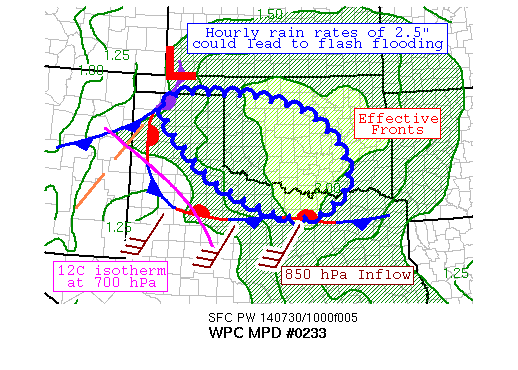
AREAS AFFECTED...PORTIONS OF NORTHERN TX AND OK

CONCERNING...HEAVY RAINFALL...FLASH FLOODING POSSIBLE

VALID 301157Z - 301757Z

SUMMARY...THUNDERSTORMS WITH HIGH RAINFALL RATES ARE POSSIBLE OVER
THE NEXT SEVERAL HOURS JUST POLEWARD OF AN EFFECTIVE FRONTAL ZONE.
 FLASH FLOODING IS CONSIDERED POSSIBLE IN THIS REGION.

DISCUSSION...AN EFFECTIVE FRONT IS LOCATED ACROSS NORTHERN TX THIS
MORNING WHICH IS ACTING AS THE SOUTHERN FRINGE OF SHOWER AND
THUNDERSTORM ACTIVITY THIS MORNING.  PRECIPITABLE WATER VALUES OF
~2" LIE IN THE REGION, WHICH ARE 2-2.5 STANDARD DEVIATIONS ABOVE
NORMAL, OR TOWARDS THE 99TH PERCENTILE FOR LATE JULY.  SLIGHT
CAPPING IS INDICATED NEAR THE EFFECTIVE FRONT BY 700 HPA
TEMPERATURES NEAR THE TX PANHANDLE WARMING TO SLIGHTLY ABOVE 12C
THIS MORNING.  AN ONGOING MCV NEAR THE OK/KS BORDER IS SHOWING
DECREASING RAINFALL RATES AS THUNDERSTORMS FARTHER SOUTH AND
SOUTHWEST INTERCEPT AVAILABLE INSTABILITY FROM THE WARM SECTOR.
BROAD INFLOW AT 850 HPA IS SOUTH TO SOUTHWEST AT 25-35 KTS, WHILE
MOST UNSTABLE CAPE VALUES OF ~1000 J/KG LIE IN THE WARM SECTOR PER
THE MOST RECENT SPC MESOSCALE ANALYSIS.  RADAR IMAGERY SHOWS THE
BACK EDGE OF THE THUNDERSTORM ACTIVITY FORWARD PROPAGATING AT ~20
KTS TO THE EAST-SOUTHEAST.

THE MESOSCALE QPF GUIDANCE SHOWS A MODERATE SIGNAL FOR HEAVY
RAINFALL IN THIS REGION, THOUGH MOST OF THE GUIDANCE APPEARS TO BE
ERRANTLY PLACING IT ACROSS NORTHERN OK AND SOUTHERN KS -- RECENT
HRRR RUNS AND THE 00Z SPC WRF APPEAR TO BE CAPTURING THE
CONVECTIVE EVOLUTION THE BEST, SO FAR.  EXTRAPOLATION OF RADAR
IMAGERY ALONG WITH CURRENT BOUNDARY LOCATION IMPLY A MUCH MORE
SOUTHERLY LOCATION IS LIKELY ACROSS WESTERN AND SOUTHERN OK.  THE
06Z GFS SHOWED A REGION OF UNSEASONABLE LOW- TO MID-LEVEL
FRONTOGENESIS ACROSS WESTERN AND CENTRAL OK WHICH IS BEING USED AS
THE NORTHERN BOUND OF THIS REGION, WITH THE EXPECTED EASTWARD
EXTENT OF 25+ KT INFLOW (WHICH SLOWLY RAMPS UP INTO CENTRAL OK)
BEING USED AS ITS EASTERN LIMIT AND THE EFFECTIVE FRONT BEING USED
AS THE SOUTHERN BOUND.  CAPE VALUES IN THE WARM SECTOR ARE
EXPECTED TO START RAMPING UP BEYOND 14Z DUE TO DAYTIME HEATING.
CELL TRAINING IS EXPECTED AS FORWARD PROPAGATING CONVECTION
OCCASIONALLY ALIGNS, WITH AVAILABLE MOISTURE IMPLYING HOURLY RAIN
RATES UP TO 2.5" AN HOUR ARE POSSIBLE.  THE MORE RELIABLE
MESOSCALE GUIDANCE ADVERTISES LOCAL AMOUNTS OF 2-4" IN THIS
REGION, WHICH WOULD EXCEED FLASH FLOOD GUIDANCE VALUES.  FLASH
FLOODING IS CONSIDERED POSSIBLE IN THIS REGION.